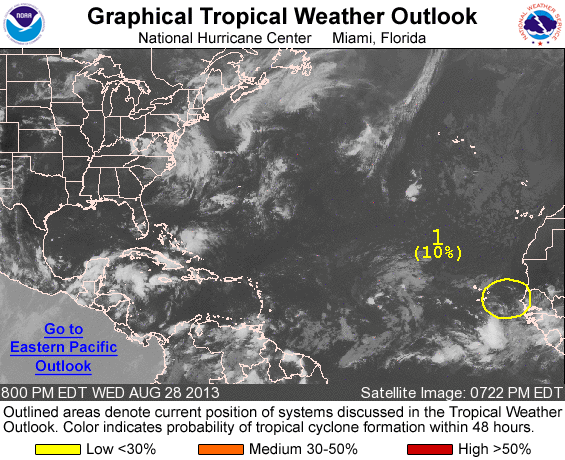
FOR THE NORTH ATLANTIC...CARIBBEAN SEA AND THE GULF OF MEXICO...

1. A TROPICAL WAVE LOCATED OVER WEST AFRICA IS EXPECTED TO MOVE WESTWARD AT 10 TO 15 MPH...AND AN AREA OF LOW PRESSURE COULD FORM AFTER THE WAVE MOVES OFF OF THE COAST ON FRIDAY. SOME DEVELOPMENT OF THIS LOW IS POSSIBLE LATE THIS WEEK OR EARLY THIS WEEKEND BEFORE UPPER-LEVEL WINDS BECOME UNFAVORABLE BY EARLY NEXT WEEK. THIS SYSTEM HAS A LOW CHANCE...10 PERCENT...OF BECOMING A TROPICAL CYCLONE DURING THE NEXT 48 HOURS...AND A MEDIUM CHANCE...30 PERCENT...OF BECOMING A TROPICAL CYCLONE DURING THE NEXT 5 DAYS WHILE IT MOVES NEAR THE CAPE VERDE ISLANDS.

OTHER SYSTEMS WITH FORMATION POTENTIAL BEYOND 48 HOURS...

SHOWER ACTIVITY ASSOCIATED WITH A TROPICAL WAVE LOCATED ABOUT 1350 MILES EAST OF THE LESSER ANTILLES REMAINS LIMITED. SLOW DEVELOPMENT OF THIS DISTURBANCE IS POSSIBLE LATE THIS WEEK OR EARLY THIS WEEKEND WHILE THE WAVE MOVES WESTWARD AT ABOUT 15 MPH AND APPROACHES THE LESSER ANTILLES. AFTER THAT TIME...UPPER-LEVEL WINDS COULD INHIBIT FURTHER DEVELOPMENT. THIS SYSTEM HAS A LOW CHANCE... NEAR 0 PERCENT...OF BECOMING A TROPICAL CYCLONE DURING THE NEXT 48 HOURS...AND A LOW CHANCE...20 PERCENT...OF BECOMING A TROPICAL CYCLONE DURING THE NEXT 5 DAYS.

FIVE-DAY FORMATION PROBABILITIES ARE EXPERIMENTAL IN 2013. COMMENTS ON THE EXPERIMENTAL FORECASTS CAN BE PROVIDED AT...

HTTP://WWW.NWS.NOAA.GOV/SURVEY/NWS-SURVEY.PHP?CODE=ETWO

FORECASTER KIMBERLAIN